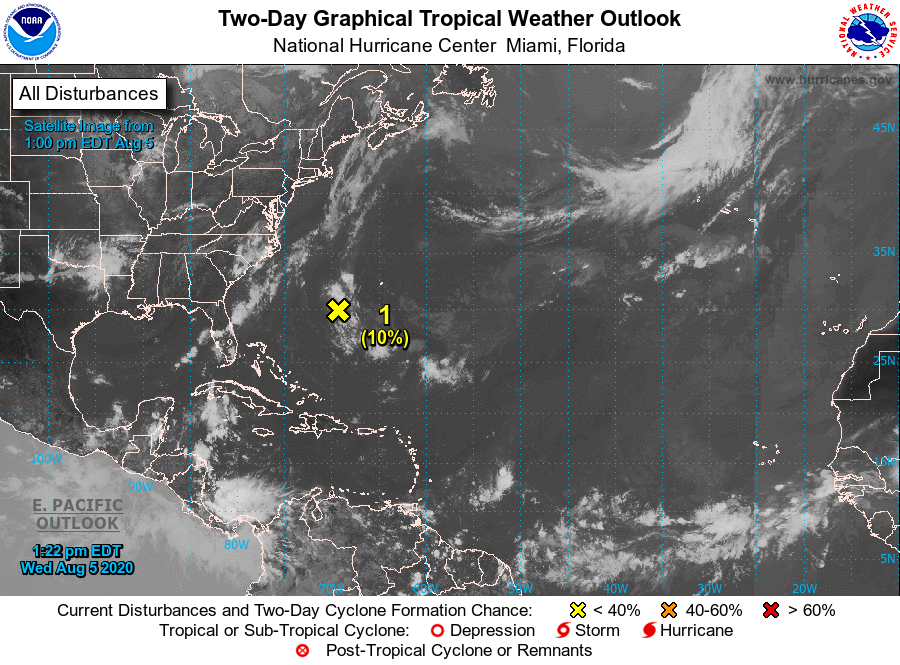
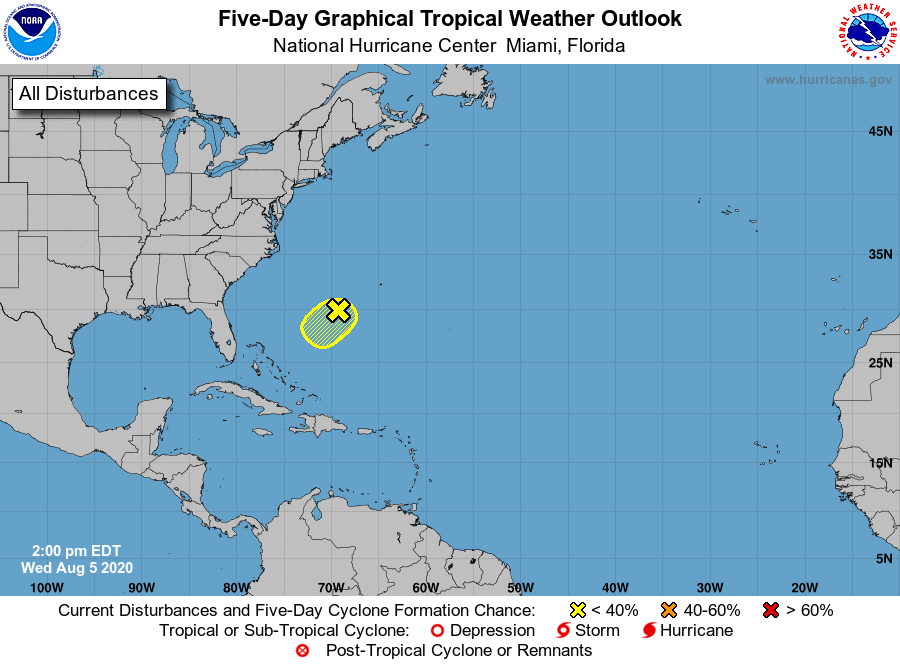
For the North Atlantic...Caribbean Sea and the Gulf of Mexico:

1. A small but well-defined low pressure system located a few hundred miles southwest of Bermuda is producing disorganized showers and a few thunderstorms. Although the low has remained nearly stationary today, it is expected to drift west-southwestward during the next couple of days. Any development of this disturbance should be slow to occur due to dry air and increasing upper-level winds by the weekend.
* Formation chance through 48 hours...low...10 percent.
* Formation chance through 5 days...low...10 percent.

Forecaster Stewart